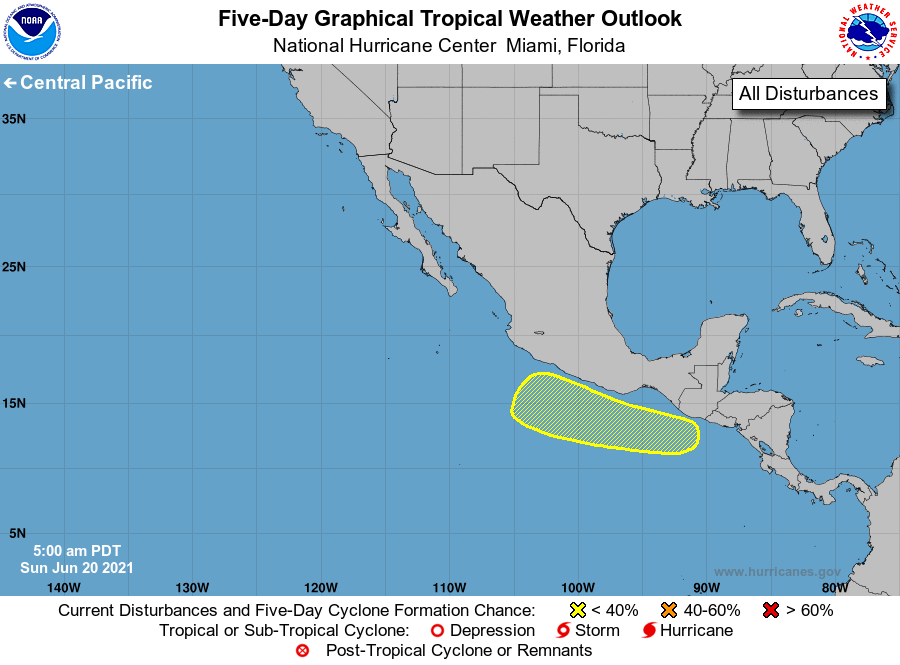
For the eastern North Pacific...east of 140 degrees west longitude:

The National Hurricane Center has issued the last advisory on Post-Tropical Cyclone Dolores, located inland over central Mexico.

1. An area of low pressure is expected to form south of Guatemala and the Gulf of Tehuantepec by late Wednesday or Thursday. Some development will be possible thereafter while the system moves west-northwestward parallel to and just offshore the southern coast of Mexico.
* Formation chance through 48 hours...low...near 0 percent.
* Formation chance through 5 days...low...20 percent.

Forecaster Stewart